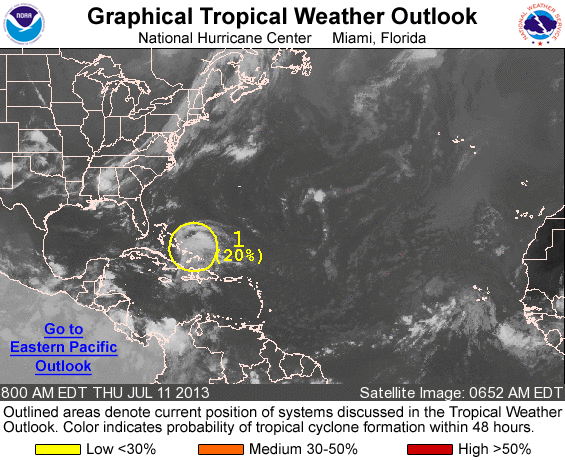
FOR THE NORTH ATLANTIC...CARIBBEAN SEA AND THE GULF OF MEXICO...

1. A LARGE AREA OF DISTURBED WEATHER PRIMARILY ASSOCIATED WITH THE REMNANTS OF CHANTAL EXTENDS FROM HISPANIOLA NORTHWARD TO THE SOUTHEASTERN AND CENTRAL BAHAMAS AND THE ADJACENT ATLANTIC. THERE ARE NO SIGNS OF REGENERATION AT THIS TIME AND UPPER-LEVEL WINDS ARE FORECAST TO REMAIN HOSTILE FOR SIGNIFICANT DEVELOPMENT. THIS SYSTEM HAS A LOW CHANCE...20 PERCENT...OF BECOMING A TROPICAL CYCLONE DURING THE NEXT 48 HOURS. REGARDLESS OF DEVELOPMENT...HEAVY RAINS AND GUSTY WINDS...ESPECIALLY IN SQUALLS...ARE EXPECTED TO SPREAD OVER THE SOUTHEASTERN AND CENTRAL BAHAMAS TODAY AND FRIDAY AS THE DISTURBANCE MOVES NORTHWESTWARD. THE AIR FORCE RECONNAISSANCE MISSION SCHEDULED FOR TODAY HAS BEEN CANCELLED.

ELSEWHERE...TROPICAL CYCLONE FORMATION IS NOT EXPECTED DURING THE NEXT 48 HOURS.

FORECASTER AVILA